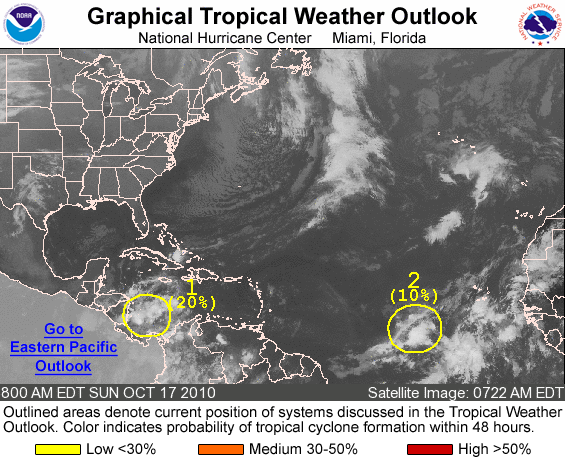
FOR THE NORTH ATLANTIC...CARIBBEAN SEA AND THE GULF OF MEXICO...

1. DISORGANIZED SHOWER AND THUNDERSTORM ACTIVITY OVER THE SOUTHWESTERN CARIBBEAN SEA IS ASSOCIATED WITH A BROAD AREA OF LOW PRESSURE. ENVIRONMENTAL CONDITIONS ARE EXPECTED TO BECOME A LITTLE MORE CONDUCIVE FOR SOME DEVELOPMENT AS THIS DISTURBANCE MOVES WESTWARD AT ABOUT 5 MPH OVER THE NEXT COUPLE OF DAYS. THERE IS A LOW CHANCE...20 PERCENT...OF THIS SYSTEM BECOMING A TROPICAL CYCLONE DURING THE NEXT 48 HOURS.

2. SHOWERS AND THUNDERSTORMS LOCATED OVER THE EASTERN ATLANTIC OCEAN ABOUT 800 MILES WEST-SOUTHWEST OF THE CAPE VERDE ISLANDS ARE ASSOCIATED WITH AN AREA OF LOW PRESSURE. STRONG UPPER-LEVEL WINDS ARE INHIBITING DEVELOPMENT AT THIS TIME...BUT THEY COULD BECOME MORE FAVORABLE OVER THE NEXT DAY OR TWO. CLIMATOLOGICALLY... DEVELOPMENT IN THIS AREA AT THIS TIME OF YEAR IS NOT LIKELY...AND THERE IS A LOW CHANCE...10 PERCENT...OF THIS SYSTEM BECOMING A TROPICAL CYCLONE DURING THE NEXT 48 HOURS.

ELSEWHERE...TROPICAL CYCLONE FORMATION IS NOT EXPECTED DURING THE NEXT 48 HOURS.

FORECASTER BERG